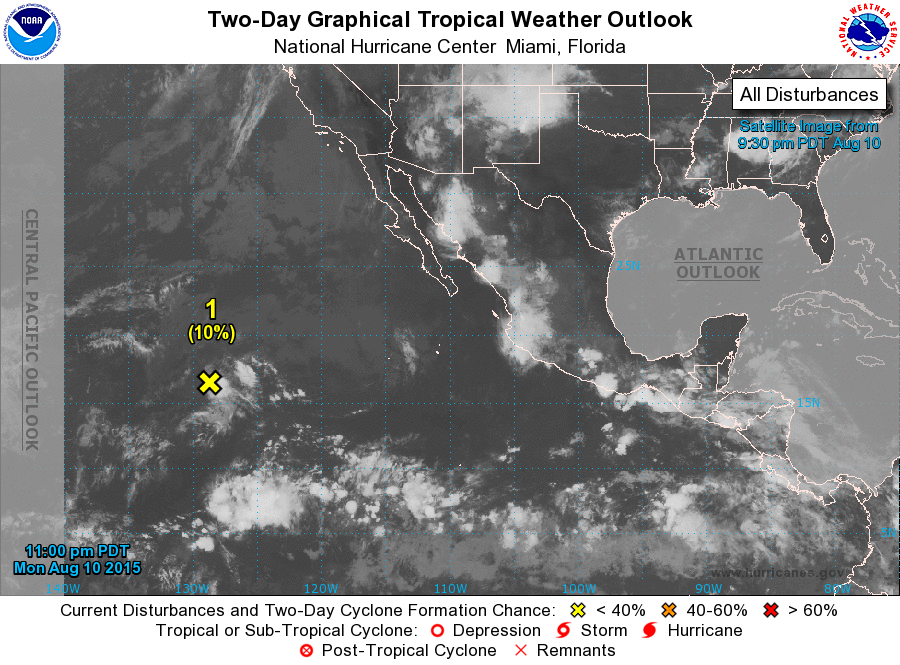
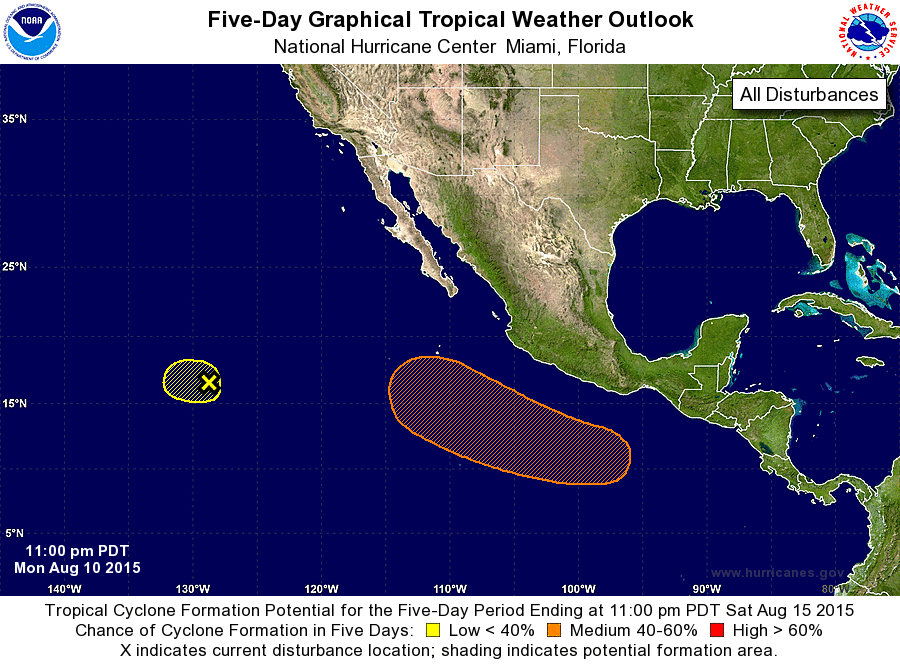
For the eastern North Pacific...east of 140 degrees west longitude:

1. Disorganized showers and thunderstorms continue in association with an area of low pressure located about 1300 miles west-southwest of the southern tip of the Baja California peninsula. Development of this system is unlikely due to increasingly unfavorable upper-level winds while it moves westward at around 10 mph.
* Formation chance through 48 hours...low...10 percent
* Formation chance through 5 days...low...10 percent

2. An area of low pressure is forecast to form a few hundred miles south of Mexico in a few days. Environmental conditions should support gradual development of this system by the weekend while it moves west-northwestward at about 15 mph.
* Formation chance through 48 hours...low...near 0 percent
* Formation chance through 5 days...medium...50 percent

Forecaster Blake